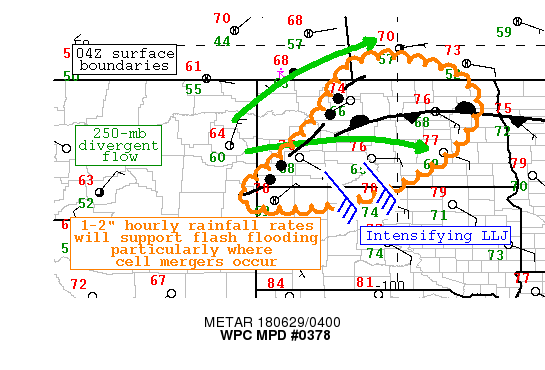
AREAS AFFECTED...MUCH OF ND/NORTHWESTERN SD/EXTREME SOUTHEASTERN
MT...

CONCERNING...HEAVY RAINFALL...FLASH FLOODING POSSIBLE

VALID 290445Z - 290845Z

SUMMARY...A FAST MOVING MCS WILL CONTINUE TRANSLATING ACROSS THE
STATE OF ND TONIGHT PRODUCING LOCALLY HEAVY RAINFALL. THE PRIMARY
CONCERN SHOULD FOCUS ALONG CELL MERGERS AS DOWNSTREAM ACTIVITY
INTERCEPTS THE QUASI-LINEAR COMPLEX. AN INTENSIFYING NOCTURNAL
LOW-LEVEL JET SHOULD ALLOW THIS CONVECTIVE COMPLEX TO PROSPER WELL
INTO THE OVERNIGHT HOURS WHICH MAINTAINS AN ASSOCIATED FLASH FLOOD
RISK.

DISCUSSION...WSR-88D DOPPLER RADARS SHOW A HEALTHY QUASI-LINEAR
MCS RACING ACROSS WESTERN NORTH DAKOTA WITH OBSERVED EASTWARD
MOTIONS AT NEARLY 45 KNOTS. WHILE SUCH A PROGRESSIVE STORM MODE
WOULD SOMEWHAT MITIGATE A FLASH FLOOD THREAT...IT IS THE ACTIVITY
SPAWNING DOWNSTREAM WHICH REMAINS AN ISSUE...MANY IN THE FORM OF
HIGHLY EFFICIENT SUPERCELLULAR STRUCTURES. WHILE AN ANOMALY...A
3-HOUR TOTAL OF 5.25 INCHES WAS OBSERVED IN DUNN COUNTY WHICH LED
TO FLOODING ISSUES. THE CONVECTIVE COMPLEX IS MOVING INTO THE
CENTRAL SECTIONS OF THE DAKOTAS WHERE AMPLE LOW-LEVEL MOISTURE IS
IN PLACE CHARACTERIZED BY SURFACE DEW POINTS IN THE LOW 70S WITH
MUCAPE VALUES EXCEEDING 4000 J/KG. AIDED BY AN INTENSIFYING
NOCTURNAL LOW-LEVEL JET (40 KNOTS BY 06Z)...SEE LITTLE REASON FOR
THIS CONVECTION TO COLLAPSE ANY TIME SOON.

CONSIDERING THE SURFACE FEATURES IN PLAY...THE BIGGEST CONCERN IS
FOR ANY CONVECTION TO LATCH ONTO THE ANALYZED WEST-SOUTHWEST TO
EAST-NORTHEAST ORIENTED FRONTAL ZONE. THIS HAS ALREADY HAPPENED IN
DUNN COUNTY WHICH LED TO THE IMPRESSIVE 3-HOUR RAINFALL TOTALS.
WHILE THE LATEST CAMS DO NOT SHOW SUCH A SCENARIO UNFOLDING...THEY
HAVE GENERALLY STRUGGLED DEPICTING ANYTHING BEYOND A FORWARD
PROPAGATING MCS. OVERALL...EXPECT HOURLY RAINFALL RATES TO REACH
THE 1 TO 2 INCH MARK WITHIN THE MORE ROBUST CORES AND WITHIN CELL
MERGERS. FLASH FLOODING WILL REMAIN POSSIBLE THROUGH AT LEAST 09Z.